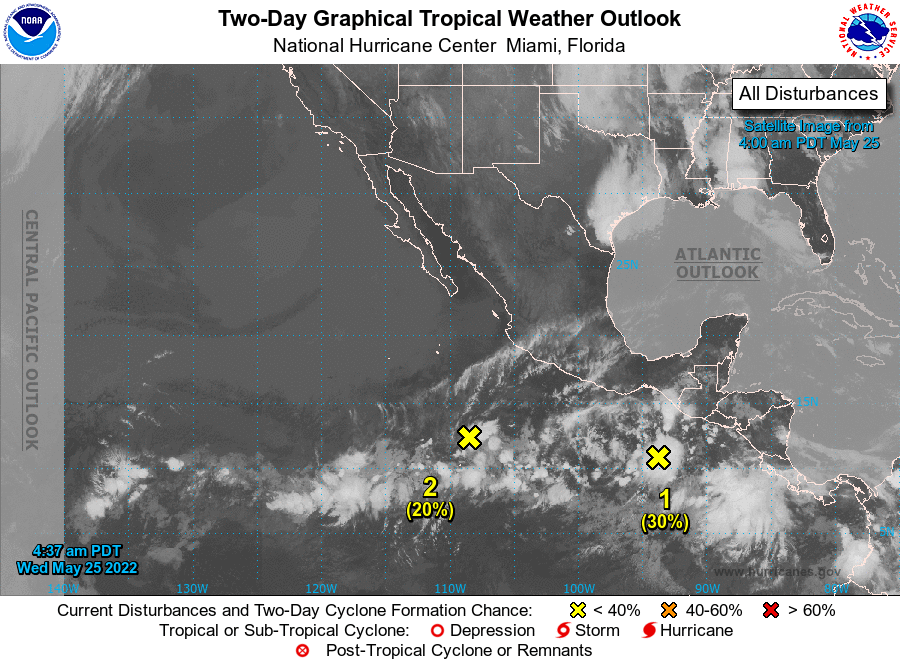
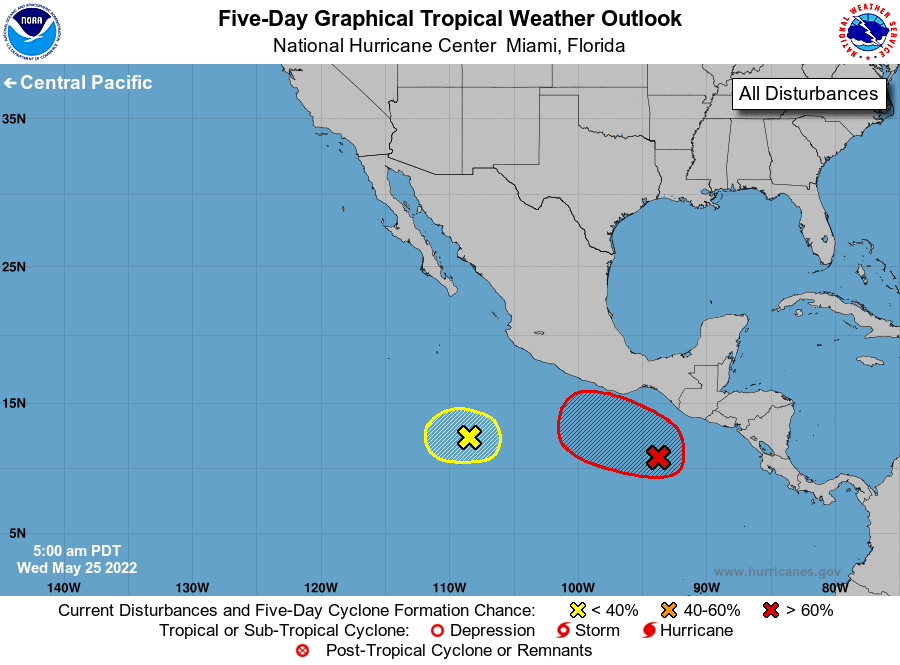
For the eastern North Pacific...east of 140 degrees west longitude:

1. South of the Gulf of Tehuantepec: Showers and thunderstorms remain disorganized in association with a surface trough located a few hundred miles south of the Gulf of Tehuantepec. Environmental conditions are forecast to be conducive for gradual development, and a tropical depression is likely to form late this week or this weekend while the system moves west-northwestward or northwestward at 5 to 10 mph. Interests in southern Mexico should monitor the progress of this system.
* Formation chance through 48 hours...low...30 percent.
* Formation chance through 5 days...high...80 percent.

2. Central portion of the eastern Pacific: A trough of low pressure located several hundred miles off the coast of southwestern Mexico continues to produce disorganized showers and thunderstorms. Environmental conditions could support some slow development during the next day or so, but upper-level winds are forecast to become less conducive for further development by late this week while the system moves little.
* Formation chance through 48 hours...low...20 percent.
* Formation chance through 5 days...low...20 percent.

Forecaster Papin